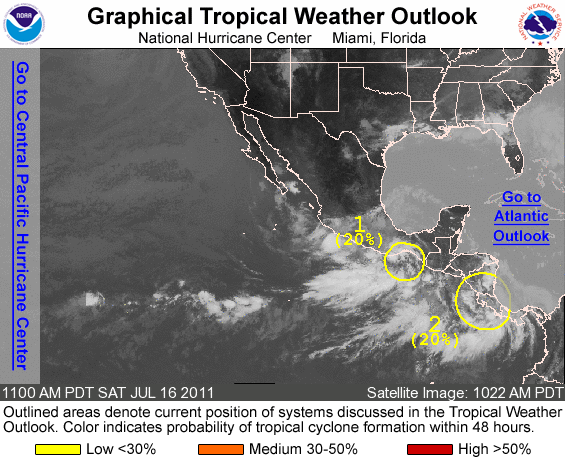
FOR THE EASTERN NORTH PACIFIC...EAST OF 140 DEGREES WEST LONGITUDE..

1. A BROAD LOW PRESSURE SYSTEM LOCATED ALONG THE COAST OF SOUTHEASTERN MEXICO JUST EAST OF PUERTO ANGEL IS PRODUCING A LARGE AREA OF CLOUDINESS AND SHOWERS OVER THE GULF OF TEHUANTEPEC AND ADJACENT LAND AREAS. DEVELOPMENT OF THIS DISTURBANCE...IF ANY...SHOULD BE SLOW TO OCCUR DUE TO INTERACTION WITH LAND. THIS SYSTEM HAS A LOW CHANCE...20 PERCENT...OF BECOMING A TROPICAL CYCLONE DURING THE NEXT 48 HOURS AS IT MOVES SLOWLY TOWARD THE WEST OR WEST-NORTHWEST. REGARDLESS OF DEVELOPMENT... LOCALLY HEAVY RAINS COULD OCCUR OVER PORTIONS OF SOUTHEASTERN MEXICO DURING THE NEXT COUPLE OF DAYS IN ASSOCIATION WITH THIS SYSTEM.

2. A LOW PRESSURE SYSTEM EMERGING OFF THE COAST OF COSTA RICA IS PRODUCING SCATTERED THUNDERSTORMS OVER PORTIONS OF CENTRAL AMERICA AND ADJACENT PACIFIC WATERS. ONLY SLOW DEVELOPMENT IS EXPECTED FOR THE NEXT DAY OR TWO DUE TO LAND INTERACTION...BUT ENVIRONMENTAL CONDITIONS APPEAR CONDUCIVE FOR MORE SIGNIFICANT DEVELOPMENT TO OCCUR AFTER THAT TIME. THIS SYSTEM HAS A LOW CHANCE...20 PERCENT...OF BECOMING A TROPICAL CYCLONE DURING THE NEXT 48 HOURS AS IT MOVES WEST-NORTHWESTWARD AT 5 TO 10 MPH. LOCALLY HEAVY RAINFALL WILL BE POSSIBLE OVER MUCH OF CENTRAL AMERICA DURING THE NEXT COUPLE OF DAYS IN ASSOCIATION WITH THIS LARGE DISTURBANCE.

ELSEWHERE...TROPICAL CYCLONE FORMATION IS NOT EXPECTED DURING THE NEXT 48 HOURS.

FORECASTER STEWART